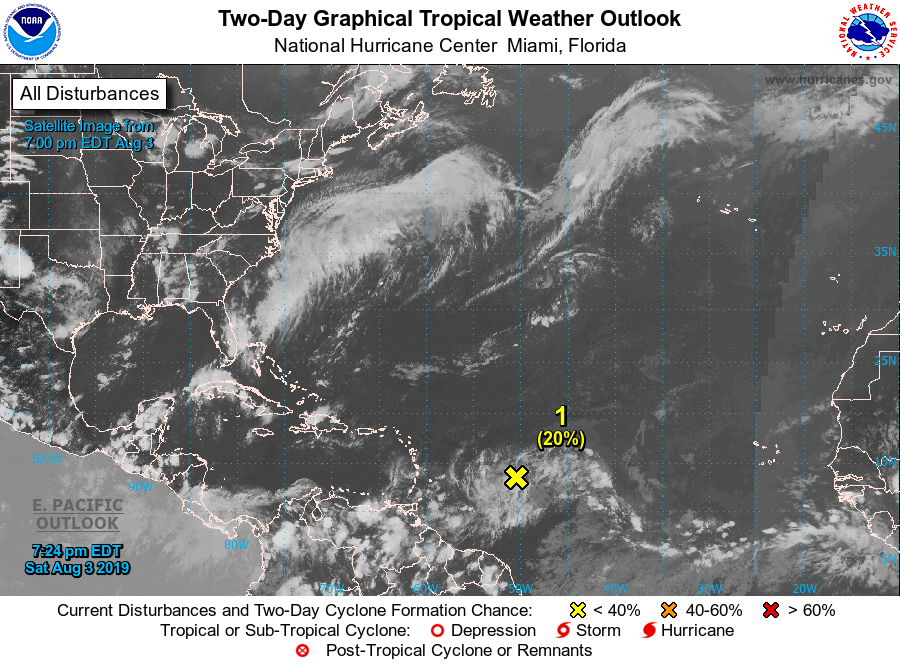
For the North Atlantic...Caribbean Sea and the Gulf of Mexico:

1. A large area of disorganized showers and thunderstorms located several hundred miles east of the Lesser Antilles is associated with a tropical wave. Some slow development of this system is possible over the next day or two as the disturbance moves west-northwestward toward the Lesser Antilles. Upper-level winds are then expected to become unfavorable for further development early next week.
* Formation chance through 48 hours...low...20 percent.
* Formation chance through 5 days...low...20 percent.

Forecaster Pasch